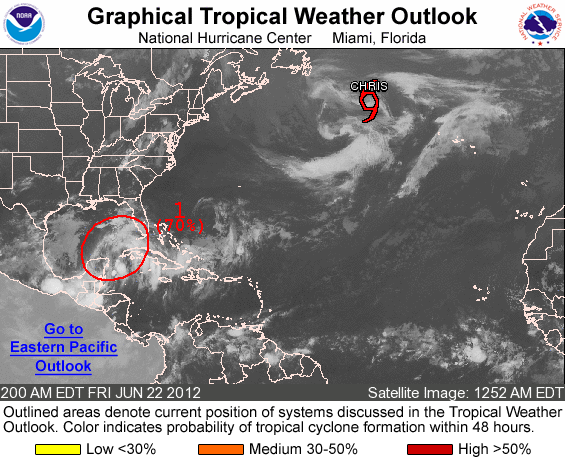
FOR THE NORTH ATLANTIC...CARIBBEAN SEA AND THE GULF OF MEXICO...

THE NATIONAL HURRICANE CENTER IS ISSUING ADVISORIES ON TROPICAL STORM CHRIS...LOCATED ABOUT 540 MILES EAST-SOUTHEAST OF CAPE RACE NEWFOUNDLAND.

1. SHOWER ACTIVITY ASSOCIATED WITH A LARGE LOW PRESSURE SYSTEM LOCATED JUST NORTH OF THE YUCATAN PENINSULA IS CURRENTLY DISORGANIZED. HOWEVER...THE CIRCULATION IS BECOMING BETTER DEFINED AND SURFACE PRESSURES ARE FALLING ACROSS THE AREA. ENVIRONMENTAL CONDITIONS ARE EXPECTED TO BECOME CONDUCIVE FOR A TROPICAL DEPRESSION TO FORM DURING THE NEXT DAY OR SO. THIS SYSTEM HAS A HIGH CHANCE...70 PERCENT...OF BECOMING A TROPICAL CYCLONE DURING THE NEXT 48 HOURS. INTERESTS ALONG THE ENTIRE UNITED STATES GULF COAST SHOULD MONITOR THE PROGRESS OF THIS DISTURBANCE THROUGH THE WEEKEND. HEAVY RAINS AND LOCALIZED FLOODING ARE POSSIBLE ACROSS THE YUCATAN PENINSULA...WESTERN CUBA...AND SOUTHERN FLORIDA THROUGH SATURDAY. AN AIR FORCE RESERVE RECONNAISSANCE AIRCRAFT IS SCHEDULED TO INVESTIGATE THE SYSTEM THIS AFTERNOON...IF NECESSARY.

ELSEWHERE...TROPICAL CYCLONE FORMATION IS NOT EXPECTED DURING THE NEXT 48 HOURS.

FORECASTER CANGIALOSI/BEVEN